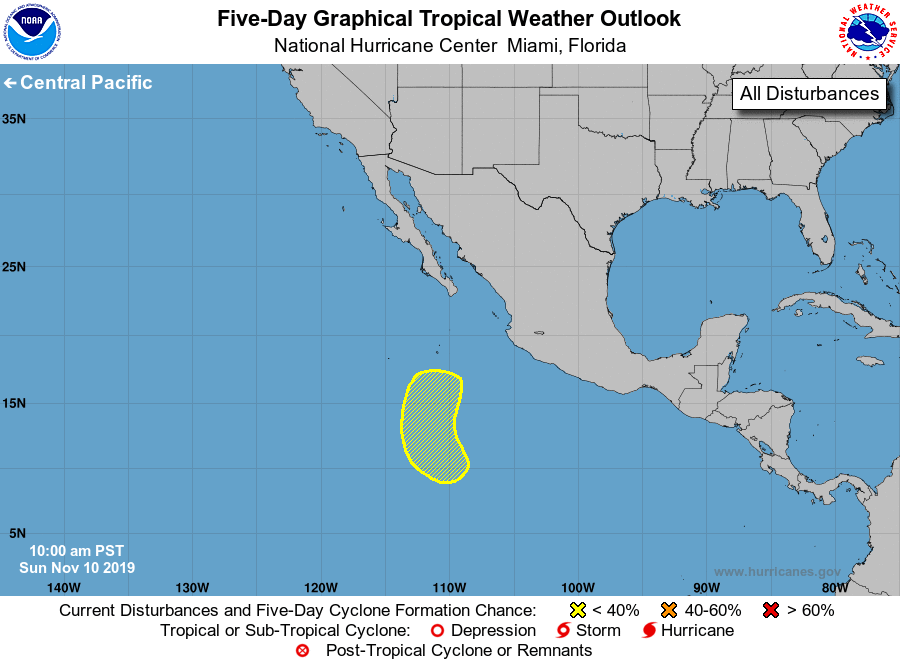
For the eastern North Pacific...east of 140 degrees west longitude:

1. A low pressure system is expected to form by midweek several hundred miles south or south-southwest of the southern tip of the Baja California peninsula. Some gradual development will be possible thereafter while the system moves slowly northward.
* Formation chance through 48 hours...low...near 0 percent.
* Formation chance through 5 days...low...20 percent.

Forecaster Stewart